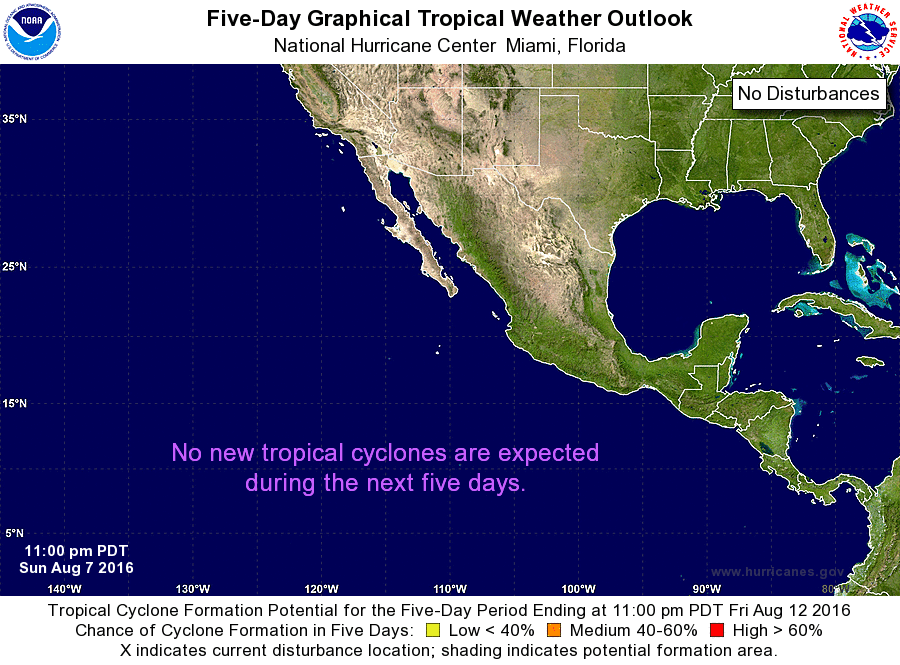
For the eastern North Pacific...east of 140 degrees west longitude:

The National Hurricane Center is issuing advisories on Tropical Storm Javier, located a couple of hundred miles southeast of Cabo San Lucas, Mexico and has issued its last advisory on Tropical Depression Ivette which has crossed into the central Pacific basin. The Central Pacific Hurricane Center will issue the next advisory on Ivette at 0900 UTC.

Tropical cyclone formation is not expected during the next 5 days.

Forecaster Blake